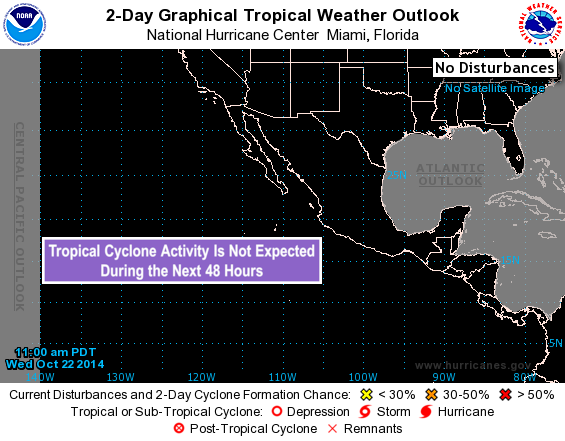
For the eastern North Pacific...east of 140 degrees west longitude:

1. An area of low pressure is expected to form several hundred miles south of the Gulf of Tehuantepec late this weekend or early next week. Environmental conditions are conducive for gradual development of this system after that time while the low drifts generally northward.
* Formation chance through 48 hours...low...near 0 percent.
* Formation chance through 5 days...low...20 percent.

Forecaster Kimberlain